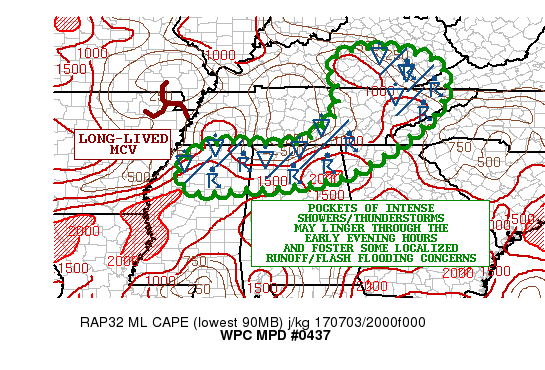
AREAS AFFECTED...NORTHERN MS...NORTHERN AL...NORTHWEST
GA...CENTRAL/EASTERN TN...CENTRAL/SOUTHEAST KY...EXTREME SOUTHWEST
VA...EXTREME SOUTHWEST NC

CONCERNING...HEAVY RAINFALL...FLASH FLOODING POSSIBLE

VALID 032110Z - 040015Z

SUMMARY...SCATTERED CLUSTERS OF HEAVY SHOWERS AND THUNDERSTORMS
WILL BE EXPECTED THROUGH THE EARLY EVENING HOURS. SOME LOCALIZED
RUNOFF/FLASH FLOODING CONCERNS WILL EXIST.

DISCUSSION...A VERY WELL-DEFINED A LONG LIVED MCV MOVING ACROSS
FAR NORTHEAST AR CURRENTLY IS HELPING TO FACILITATE SOME
ADDITIONAL DISORGANIZED BANDS/CLUSTERS OF SHOWERS AND
THUNDERSTORMS ACROSS THE TN VALLEY THIS AFTERNOON. THE LOW LEVEL
FLOW IS RATHER CONFLUENT ACROSS THE EASTERN AND ESPECIALLY THE
SOUTHERN FLANK OF THE MCV WHICH IN CONJUNCTION WITH A MODERATELY
UNSTABLE AIRMASS AND MOISTURE-RICH BOUNDARY LAYER IS HELPING TO
PRODUCE SHOWERS AND THUNDERSTORMS WITH INTENSE RAINFALL RATES
REACHING OVER 2 INCHES/HR.

THE CONCERN OVER PARTS OF CENTRAL/SOUTHERN KY IS THE SLOW CELL
MOTION...WHILE FARTHER SOUTH OVER NORTHERN MS/AL IT IS AN
ENVIRONMENT A LITTLE MORE CONDUCIVE FOR REPEATING CELL ACTIVITY
GIVEN THE CONFLUENT LOW LEVEL FLOW RELATIVE TO THE DEEPER MEAN
LAYER FLOW WHICH IS OUT OF THE WEST-SOUTHWEST.

MUCH OF THE CONVECTION WILL BE HEAVILY TIED INTO THE DIURNAL
HEATING CYCLE FOR THE REMAINDER OF THE DAY AS OVERALL FORCING IS
NOT THAT STRONG. THEREFORE...EXPECT SOME WEAKENING OF THE CELLS
TOWARD 00Z. UNTIL THAT TIME...EXPECT SOME POCKETS OF 2 TO 4 INCH
RAINFALL TOTALS WHICH MAY RESULT IN SOME POCKETS OF RUNOFF
PROBLEMS AND/OR FLASH FLOODING. SOME OF THE RECENT HEAVY RAINFALL
AT LEAST LOCALLY MAY TEND TO ALSO ENHANCE THE THREAT A BIT.